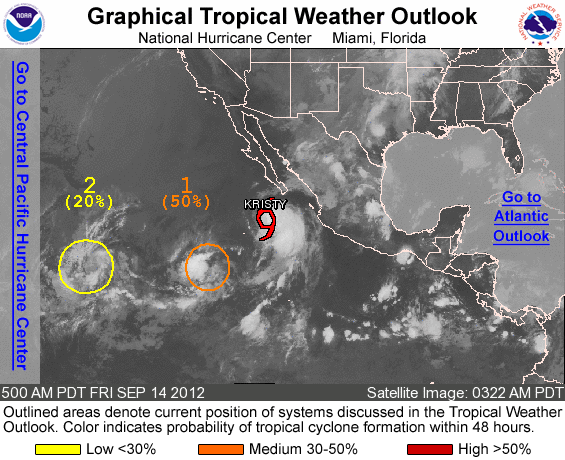
FOR THE EASTERN NORTH PACIFIC...EAST OF 140 DEGREES WEST LONGITUDE..

THE NATIONAL HURRICANE CENTER IS ISSUING ADVISORIES ON TROPICAL STORM KRISTY...LOCATED ABOUT 105 MILES NORTHWEST OF SOCORRO ISLAND MEXICO.

1. SATELLITE DATA INDICATE THAT THE AREA OF DISTURBED WEATHER ASSOCIATED WITH A LOW PRESSURE SYSTEM ABOUT 900 MILES SOUTHWEST OF THE SOUTHERN TIP OF BAJA CALIFORNIA HAS NOT BECOME ANY BETTER ORGANIZED SINCE YESTERDAY. HOWEVER...ENVIRONMENTAL CONDITIONS ARE FORECAST TO BECOME A LITTLE MORE CONDUCIVE FOR DEVELOPMENT DURING THE NEXT COUPLE OF DAYS AS THE LOW MOVES SLOWLY WESTWARD. THIS SYSTEM HAS A MEDIUM CHANCE...50 PERCENT...OF BECOMING A TROPICAL CYCLONE DURING THE NEXT 48 HOURS.

2. CLOUDINESS AND THUNDERSTORMS ASSOCIATED WITH AN AREA OF LOW PRESSURE LOCATED ABOUT 1700 MILES WEST-SOUTHWEST OF THE SOUTHERN TIP OF BAJA CALIFORNIA HAVE DIMINISHED THIS MORNING. ENVIRONMENTAL CONDITIONS ARE EXPECTED TO BECOME LESS CONDUCIVE FOR DEVELOPMENT DURING THE NEXT COUPLE OF DAYS. THIS LOW IS MOVING SLOWLY WEST-NORTHWESTWARD AND HAS A LOW CHANCE...20 PERCENT...OF BECOMING A TROPICAL CYCLONE DURING THE NEXT 48 HOURS.

ELSEWHERE...TROPICAL CYCLONE FORMATION IS NOT EXPECTED DURING THE NEXT 48 HOURS.

FORECASTER AVILA